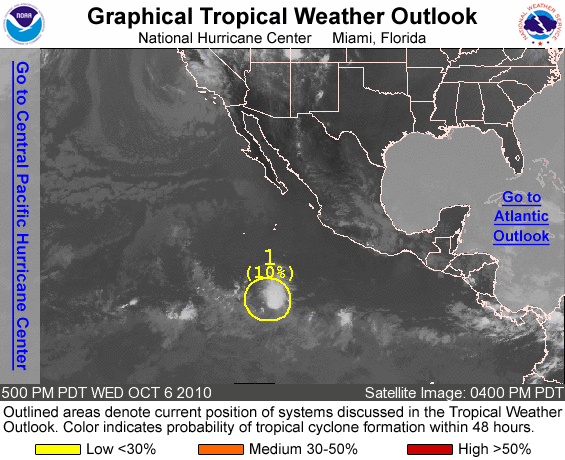
FOR THE EASTERN NORTH PACIFIC...EAST OF 140 DEGREES WEST LONGITUDE..

1. SHOWER ACTIVITY ASSOCIATED WITH A SMALL LOW PRESSURE AREA LOCATED ABOUT 900 MILES SOUTH-SOUTHWEST OF THE SOUTHERN TIP OF BAJA CALIFORNIA IS DISORGANIZED. DEVELOPMENT...IF ANY...IS EXPECTED TO BE SLOW TO OCCUR. THERE IS A LOW CHANCE...10 PERCENT...OF THIS SYSTEM BECOMING A TROPICAL CYCLONE DURING THE NEXT 48 HOURS AS IT MOVES WESTWARD AT ABOUT 15 MPH.

ELSEWHERE...TROPICAL CYCLONE FORMATION IS NOT EXPECTED DURING THE NEXT 48 HOURS.

FORECASTER AVILA